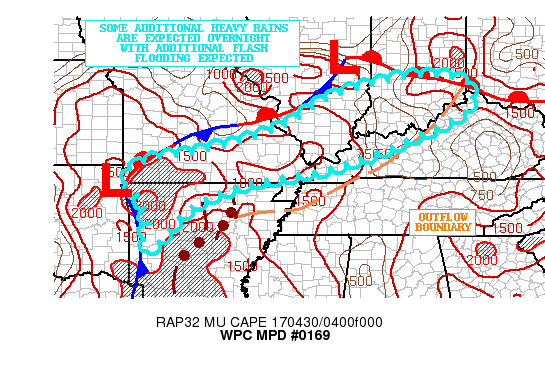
AREAS AFFECTED...NORTHWEST AR..SOUTHERN MO...SOUTHERN
IL....SOUTHERN IN...FAR NORTHWEST KY

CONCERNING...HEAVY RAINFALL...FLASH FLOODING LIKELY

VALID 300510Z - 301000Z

SUMMARY...ADDITIONAL HEAVY RAINS ARE EXPECTED THROUGH THE
REMAINDER OF THE NIGHT WITH SOME ADDITIONAL FLASH FLOODING
EXPECTED.

DISCUSSION...EXPERIMENTAL GOES-16 10.3 MICRON/IR IMAGERY
OVERWHELMING SHOWS THE MOST VIGOROUS CONVECTIVE ACTIVITY OCCURRING
OVER A LARGE AREA OF CENTRAL AND NORTHEAST AR WITH EXTREMELY COLD
CONVECTIVE TOPS NOTED. MEANWHILE...FARTHER NORTH AND TO THE NORTH
OF A WELL-DEFINED OUTFLOW BOUNDARY...THERE CONTINUES TO BE A LARGE
AREA OF MODERATE TO HEAVY RAIN WITH SOME EMBEDDED STRONGER
CONVECTIVE CLUSTERS THAT EXTEND FROM NORTHWEST AR/SOUTHWEST MO
EASTWARD ACROSS SOUTHERN MO AND UP ALONG THE LOWER OH RIVER VALLEY.

OVER THE NEXT FEW HOURS...THE STRONG LOW LEVEL JET AND ASSOCIATED
MOISTURE FLUX COUPLED WITH INSTABILITY TRANSPORT WILL CONTINUE TO
FOCUS AREAS OF HEAVY SHOWERS AND THUNDERSTORMS ACROSS THE THREAT
AREA...AND ESPECIALLY ACROSS SOUTHERN MO. FARTHER EAST ACROSS
SOUTHERN IL AND SOUTHERN IN...THE 00Z ARW/NMMB SOLUTIONS AND
RECENT HRRR GUIDANCE SUPPORT A GENERAL DOWNTICK IN CONVECTIVE
ORGANIZATION AS THE STRONGER SYNOPTIC FORCING TENDS TO FOCUS MORE
ON AR/MO...HOWEVER...THE LOW LEVEL JET WILL TEND TO BE OVERRUNNING
THE OUTLFOW BOUNDARY AND SURFACE COLD POOL THAT EXISTS AS FAR EAST
AS SOUTHERN IL AND SOUTHERN IN. OVER THESE AREAS...SOME OCCASIONAL
CLUSTERS OF CONVECTION MAY TEND TO REDEVELOP AS A RESULT.

GIVEN THE SATURATED SOIL CONDITIONS...AND ADDITIONAL HEAVY RAIN IS
LIKELY TO RESULT IN MORE FLASH FLOODING. THE GREATEST THREAT WILL
BE OVER SOUTHERN MO FOR THIS TO HAPPEN WHERE CONFIDENCE IS
GREATEST WITH ADDITIONAL HEAVY RAINS OVERNIGHT. EXPECT LOCALLY AN
ADDITIONAL 1 TO 2 INCHES OF RAIN TO BE POSSIBLE...WITH ISOLATED
HEAVIER AMOUNTS THROUGH THE END OF THE NIGHT.